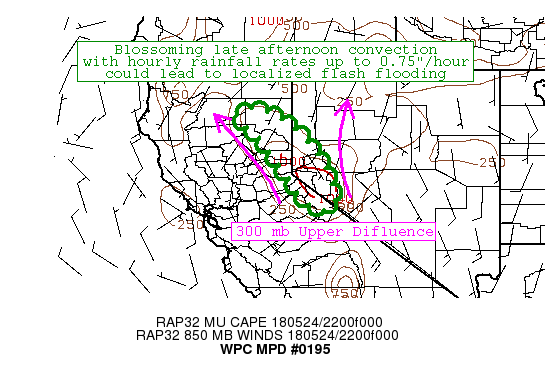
AREAS AFFECTED......SIERRA NEVADA INTO WESTERN NEVADA...

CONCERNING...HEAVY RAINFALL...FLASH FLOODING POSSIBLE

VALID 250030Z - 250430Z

SUMMARY...CONVECTION EXPANDING WITHIN A DIFLUENT UPPER FLOW
PATTERN ACROSS THE EASTERN SIERRA NEVADA AND WESTERN NEVADA WILL
LEAD TO HOURLY RAINFALL RATES NEAR OR ABOVE 0.75" UNDER THE
STRONGEST CORES. GIVEN THE CURRENT FLASH FLOOD GUIDANCE,
ESPECIALLY OVER BURN SCARS, THIS WILL POSE A FLASH FLOOD THREAT
THROUGH 04Z.

DISCUSSION...A FAVORABLE SYNOPTIC PATTERN EAST OF A CLOSED-UPPER
LOW OFF THE CALIFORNIA COAST, MARKED BY STRONG UPPER DIFLUENCE AND
UPSLOPE LOW-LEVEL FLOW ALONG THE EASTERN SLOPES OF THE SIERRA
NEVADA, IN COMBINATION WITH ROBUST AVAILABLE INSTABILITY (MUCAPES
AROUND 1000 J/KG) AND ABOVE NORMAL PW VALUES (BETWEEN 0.50-0.75")
WILL RESULT IN AN ENHANCED FLASH FLOOD THREAT THROUGH THIS EVENING
ALONG THE EASTERN SLOPES OF THE SIERRA INTO WESTERN NV.

IN TERMS OF THE LATEST HIGH-RES CAM GUIDANCE, THE LATEST HRRR AND
EXPERIMENTAL HRRR RUNS CONTINUE TO SUPPORT POCKETS OF HOURLY
RAINFALL RATES UP TO 0.75-1.0"/HR UNDERNEATH THE STRONGEST CORES.
GIVEN THE CURRENT FLASH FLOOD GUIDANCE, PARTICULARLY OVER BURN
SCARS, THIS WILL ENHANCE THE FLASH FLOOD THREAT THROUGH 04Z.